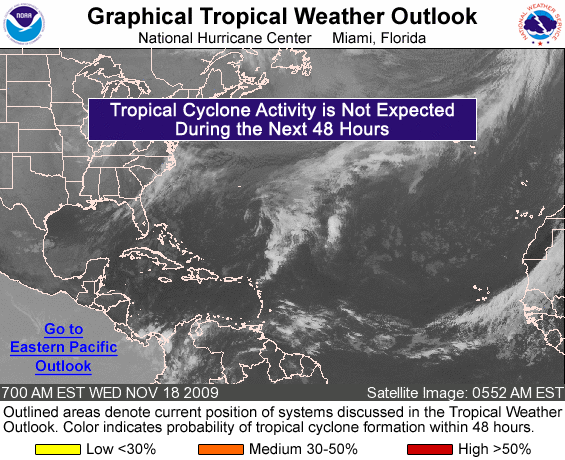
FOR THE NORTH ATLANTIC...CARIBBEAN SEA AND THE GULF OF MEXICO...

TROPICAL CYCLONE FORMATION IS NOT EXPECTED DURING THE NEXT 48 HOURS.

FORECASTER AVILA